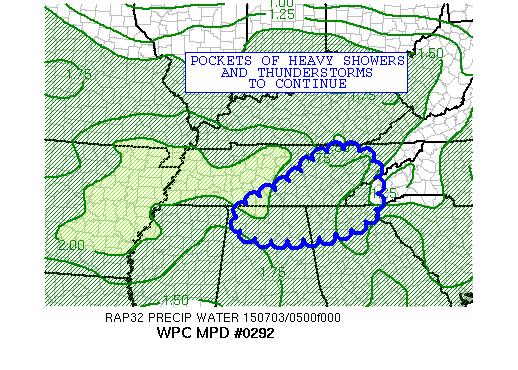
AREAS AFFECTED...NORTHERN AL...CENTRAL AND EASTERN TN...NORTHERN
GA...WESTERN NC

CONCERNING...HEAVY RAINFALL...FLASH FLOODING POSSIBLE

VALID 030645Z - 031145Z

SUMMARY...CLUSTERS OF HEAVY SHOWERS AND THUNDERSTORMS THIS MORNING
FALLING ON SATURATED GROUND IS EXPECTED TO CONTINUE TO FOSTER AT
LEAST LOCALIZED FLASH FLOOD CONCERNS.

DISCUSSION...IR SATELLITE AND RADAR IMAGERY SHOWS AN AREA SHOWERS
AND THUNDERSTORMS CONTINUING OVER PORTIONS OF CENTRAL AND
ESPECIALLY EASTERN TN AND THESE RAINS CONTINUE TO FALL ON AREAS
THAT HAVE SEEN VERY HEAVY RAINFALL OVER THE LAST DAY OR SO.
ADDITIONAL AREAS OF CONVECTION IS NOTED OVER PORTIONS OF NORTHERN
MS...NORTHERN AL AND NORTHERN GA AS WELL. THE CONVECTION IS BEING
AIDED BY A SHORTWAVE TROUGH THAT IS DIGGING INTO THE LOWER OH
VALLEY THIS MORNING AND IS INTERACTING WITH A POOL OF VERY MOIST
AND AT LEAST MODESTLY UNSTABLE AIR OVER THE TN VALLEY. PWATS ARE
RUNNING CLOSE TO 2 INCHES AND THIS HAS BEEN PROMOTING VERY INTENSE
RAINFALL RATES. A FEW OVERSHOOTING TOPS HAS BEEN NOTED AS WELL
WITH THE CONVECTION OVER THE LAST COUPLE OF HOURS OVER EASTERN TN
AND NORTHWEST GA...AND THIS WILL ONLY ENHANCE THE RAINFALL RATES
FURTHER.

THE 05Z HRRR SUGGESTS ADDITIONAL CLUSTERS OF SHOWERS AND
THUNDERSTORMS DEVELOPING THROUGH THE PREDAWN HOURS AND IMPACTING
AREAS THAT HAVE ALREADY SEEN EXCESSIVE RAINS. THIS INCLUDES SOME
OF THE OROGRAPHICALLY FAVORED TERRAIN OF THE SOUTHERN APPALACHIANS
INVOLVING EASTERN TN...FAR NORTHERN GA AND WESTERN NC. ADDITIONAL
RAINFALL AMOUNTS OF LOCALLY 2 TO 3 INCHES THROUGH SUNRISE IS
POSSIBLE...AND ANY ADDITIONAL RAINS AT THIS POINT IS LIKELY TO
FAVOR AT LEAST LOCALIZED AREAS OF FLASH FLOODING.